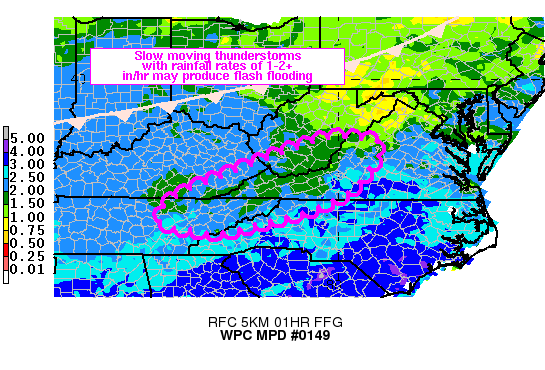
AREAS AFFECTED...PORTIONS OF THE SRN/CNTRL APPALACHIANS

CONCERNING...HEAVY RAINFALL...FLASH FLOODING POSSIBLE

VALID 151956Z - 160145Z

SUMMARY...SCATTERED THUNDERSTORMS OVER THE SOUTHERN AND CENTRAL
APPALACHIANS WILL BE CAPABLE OF 1-2+ IN/HR OVER AREAS THAT HAVE
LOW FLASH FLOOD GUIDANCE. WHILE STORMS ARE NOT EXPECTED TO BE
HIGHLY ORGANIZED...COVERAGE OF HIGH RAIN RATES SHOULD BE SCATTERED
ACROSS THE REGION.

DISCUSSION...A COMBINATION OF VISIBLE AND RADAR REFLECTIVITY
THROUGH 1930Z SHOWED SCATTERED CONVECTION FORMING OVER THE HIGHER
TERRAIN OF THE CENTRAL AND SOUTHERN APPALACHIANS. GENERALLY CLEAR
SKIES DURING THE LATE MORNING/EARLY AFTERNOON HOURS HAVE ALLOWED
MLCAPE VALUES TO RISE INTO THE 1000-2000 J/KG RANGE...SOUTH OF A
COLD FRONT EXTENDING FROM WESTERN PENNSYLVANIA INTO THE LOWER OHIO
VALLEY AT 19Z. THE REGION IS LOCATED IN AN AREA OF WEAK LOW-MID
LEVEL FLOW...ACCOUNTING FOR SLOW STORM MOTIONS...GENERALLY 10 KT
OR LESS...AMID AN ENVIRONMENT OF 1.25 INCH PRECIPITABLE WATER
VALUES PER RECENT GPS VALUES.

WHILE OBSERVATIONS HAVE NOT BEEN CO-LOCATED WITH MAXIMUM RADAR
ESTIMATED RAINFALL RATES OF 2+ IN/HR...A WUNDERGROUND.COM
OBSERVATION IN WESTERN VIRGINIA...SOUTH IF I-81...SHOWED ROUGHLY 1
INCH FELL IN ABOUT 60 MINUTES ENDING AT 19Z. RECENT HRRR AND
EXPERIMENTAL HRRR RUNS HAVE SHOWN A CONSISTENT SIGNAL FOR 1-3
INCHES OF RAIN...SCATTERED FROM NORTHEASTERN TENNESSEE INTO
SOUTHERN WEST VIRGINIA AND WESTERN VIRGINIA THROUGH 01Z. GIVEN A
LACK OF LARGER SCALE FORCING...CONVECTION IS EXPECTED TO DIMINISH
WITH THE LOSS OF DAYTIME HEATING...BEYOND 01Z...BUT UNTIL THEN...A
FEW LOCATIONS MAY SEE SHORT TERM HEAVY RAINFALL ON TOP OF LOW
FLASH FLOOD GUIDANCE VALUES OF 1.5 TO 2.5 INCHES IN 1 HOUR.